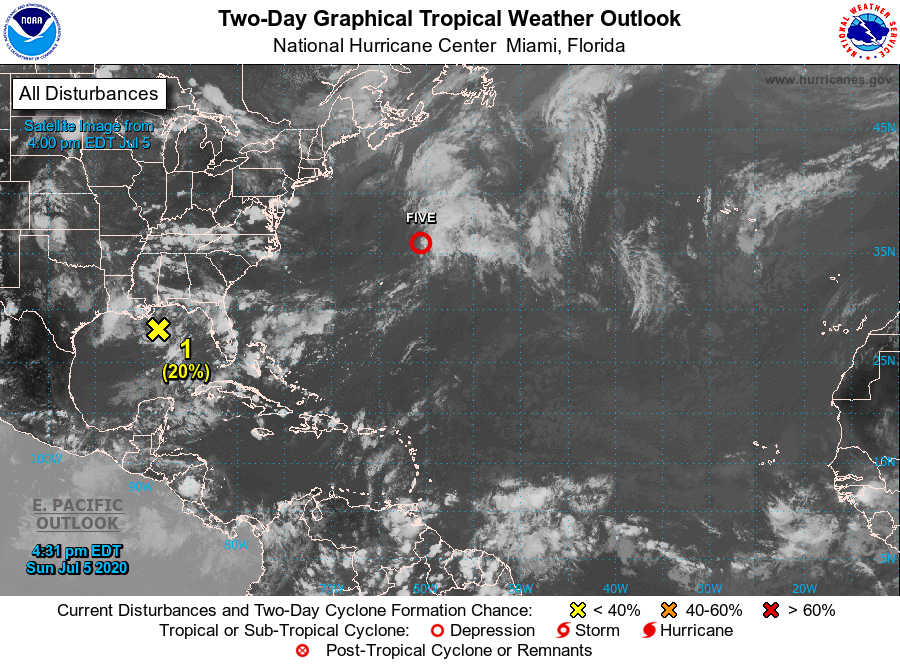
For the North Atlantic...Caribbean Sea and the Gulf of Mexico:

The National Hurricane Center is issuing advisories on Tropical Depression Five, located a few hundred miles northeast of Bermuda.

1. Recent satellite and radar observations indicate that a small low pressure system has formed within a broader area of low pressure near the northern Gulf Coast. The low is producing a few showers near its center, and some slight development is possible before it moves inland early Monday. The broader low pressure system is forecast to move northeastward and could emerge offshore of the Carolinas later this week, where environmental conditions are expected to be more conducive for development.
* Formation chance through 48 hours...low...20 percent.
* Formation chance through 5 days...medium...40 percent.

Forecaster Zelinsky